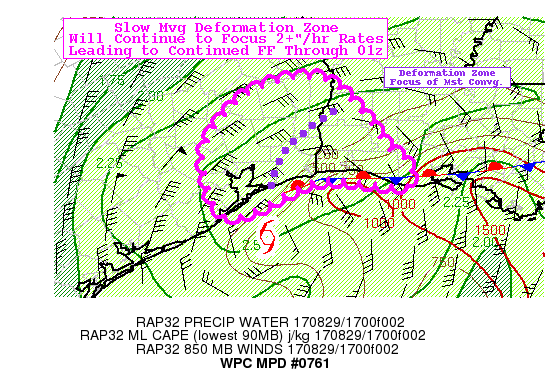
AREAS AFFECTED...SOUTHEAST TX...EXT SOUTHWEST LA

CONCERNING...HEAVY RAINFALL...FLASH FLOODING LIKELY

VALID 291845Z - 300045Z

SUMMARY...CONVERGENCE/DEFORMATION ZONE WILL CONTINUE TO FOCUS
CONVECTION WITH NEGLIGIBLE MOTIONS/BACKBUILDING CONTINUING ONGOING
FLASH FLOOD THREAT.

DISCUSSION...GOES-E/16 VISIBLE IMAGERY LOOP DEPICTS SHORT-TERM
TIGHTENING OF THE FLOW GRADIENT ALONG THE GOLDEN TRIANGLE COASTAL
REGION OF TX AS A LOBE OF THE INNER CORE HAS LIFTED NORTH AS THE
OVERALL CENTER ELONGATES N-S. AS SUCH WSR-88D FROM LCH/HGX HAVE
DENOTED RECENT UPTICK IN RAIN RATES NEAR THE CHAMBERS COAST AND
ACROSS ORANGE AND S JASPER/NEWTON COUNTIES.  GIVEN THE AMOUNT OF
FLUX AND DEEP MOISTURE AVAILABLE IN THE COLUMN THE POTENTIAL FOR
3+"/HR RATES FOR A HOUR OR SO WILL CONTINUE FLASH FLOODING THREAT
ALONG IMMEDIATE COAST.

LARGER SCALE PATTERN PER GOES-16 SUITE OF 3 WV CHANNELS DEPICT A
LOBE OF SHORTWAVE ENERGY/SPEED MINIMA OVER SOUTHERN TX DESCENDING
SOUTH POTENTIALLY INCREASING STRETCHING OF THE LARGER SCALE HARVEY
VORTEX FURTHER SW WITH TIME POTENTIALLY SLOWING EASTWARD
PROGRESSION OF THE CENTER AS A WHOLE FOR THE NEXT 5-6HRS.
LAND/SEA DIFFERENCES OF LATENT HEAT AVAILABILITY HAS LEAD TO AN
EFFECTIVE FRONTAL BOUNDARY ALONG THE COAST FROM GALVESTON BAY
ALONG THE UPPER TX/LA COAST...SOUTH OF WHICH AMPLE INSTABILITY IS
AVAILABLE TO ASCEND ISENTROPICALLY BACK WEST TOWARD THE
DEFORMATION/CONVERGENCE ZONE AROUND THE SABINE RIVER. THIS APPEARS
IN LINE WITH CURRENT 12Z ARW AND NAM-CONEST RUNS WHICH (ACCOUNTING
FOR NAM-CONEST TYPICAL OVER ESTIMATION) WOULD SUGGEST AN
ADDITIONAL 4-6" ACROSS THE GOLDEN TRIANGLE KEEPING FLASH FLOODING
LIKELY.  THERE IS SOME UNCERTAINTY IN WESTWARD EXTENT
(NSSL-WRF/HRRRV3)...WHICH AT THIS TIME THAT MAY PLACE THE HOUSTON
METRO WITHIN THE RAINFALL MAXIMA THROUGH 00Z WHILE NOT FAVORED
BASED ON OBSERVATIONS IT CANNOT BE RULED OUT.

FURTHER EAST (LA)...DISTANCE FROM THE SOURCE AS WELL AS SOME DRY
AIR ENTRAINMENT FROM THE DRY SLOT ACROSS THE CENTRAL LA COAST
SHIFTING NW THEN WEST IS LIKELY TO INHIBIT THE EXTREME RATES
NEARER THE COAST IN SE TX/FAR SW LA (REDUCED CONVECTIVE
VERTICALITY...DEPTH OF RAINFALL GENERATION) ACROSS CENTRAL LA.
ALSO VISIBLE IMAGERY SHOWS SHALLOW CU BANDS IN THE EASTERN
HEMISPHERE OF HARVEY'S LLC ARE NUMEROUS AND ILL-FOCUSED.  AS SUCH
ANY CELLS THAT DEVELOP NEAR THE CENTRAL LA COAST SHOULD BE
ISOLATED AND INTERMITTENT  STILL POSE SOME RISK BUT DURATION WILL
BE QUITE SHORT AND SHOULD ONLY AFFECT ALREADY ONGOING FLOODING
ISSUES...AND AS SUCH IS NOT INCORPORATED IN THE AREA OF CONCERN AT
THIS TIME.